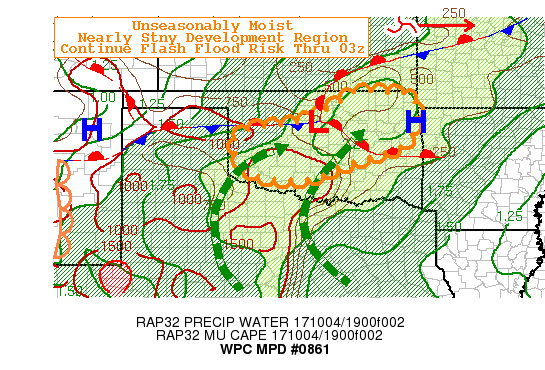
AREAS AFFECTED...OKLAHOMA

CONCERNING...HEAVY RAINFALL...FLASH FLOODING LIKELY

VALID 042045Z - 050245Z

SUMMARY...CONTINUED UPSTREAM REDEVELOPMENT IN SAME GENERAL
VICINITY AND OVERRUNNING SHOWERS ACROSS NORTHEAST OK WILL CONTINUE
FLASH FLOODING THREAT THROUGH THE EVENING HOURS.

DISCUSSION...20Z SFC MESOANALYSIS UTILIZING OK MESONET DEPICT A
WEAK 1022 WAVE NEAR SWO WITH AN EFFECTIVE WARM FRONT DRAPING
SOUTH-SOUTHEAST SW OF OKM TO S OF JSV TO S OF FSM. A STATIONARY
BOUNDARY EXTENDS WEST N OF JWG TOWARD HHF BOUNDING THE
UNSEASONABLE VERY MOIST GULF AIR MASS ACROSS SOUTHWEST OK.  A
FAIRLY AMPLIFIED SHORTWAVE ACROSS E KS AT THIS TIME SUPPORTS A
STRONGLY CONFLUENT LOW LEVEL FLOW PATTERN ACROSS NORTHWEST TX INTO
SW/S OK.  OUTFLOW AND STRONG MOISTURE CONVERGENCE ALONG AND SOUTH
OF THE BOUNDARIES CONTINUES TO ALLOW FOR ASCENT OF THE 2-2.25"
TOTAL PW AIR.  SOME DIFFERENTIAL HEATING ADVECTED INTO OK SUPPORTS
WEAK T/TD SPREAD WITH NEARLY MOIST LOW TO MID-LEVEL LAPSE RATES
ALLOWING FOR SOME MARGINAL INSTABILITY OF UP TO 750-1000 J/KG.
THIS SUPPORTS SOME VERTICAL GROWTH FOR CONVECTION ALONG THE
SOUTHERN BOUNDARY CAPABLE OF 2"/HR RAIN RATES GIVEN EFFICIENT WARM
CLOUD PROCESSES...FURTHER DOWNSTREAM INTO NORTHEAST
OK...ISENTROPIC ASCENT PROFILES (WITH SATURATED SUB-CLOUD
ENVIRONMENT) ALLOW FOR MORE GENTLE YET EFFICIENT RAIN RATES OF
.5-1"/HR (REDUCING WITH DISTANCE FROM SOURCE WARM SECTOR).

MID-LEVEL DRY AIR CONTINUES TO ADVECT WSW ACROSS EAST CENTRAL TX
AS THE DEEPER MEAN ANTICYCLONE SHIFTS WEST.  THIS SHOULD DISRUPT
THE MOISTURE CHANNEL FROM CENTRAL NORTH TX SHIFTING IT WESTWARD.
YET WITH THE EXITING WAVE INTO MO...THE CHANNEL WILL NARROW BUT
HAVE MORE OF A WESTERLY COMPONENT TAPPING THE MOISTURE ACROSS WEST
TX (WHICH IS STILL UNSEASONABLY MOIST). AS SUCH THE FRONTAL
BOUNDARY ASCENT CHANNEL AND CONVECTION WILL CONTINUE TO REGENERATE
UPSTREAM ALLOWING FOR REPEATING BETWEEN THE I-40 TO I-44 AREA
THROUGH THE EVENING...MAINTAINING THE THREAT FOR 1.5-2"/HR RAIN
RATES AND POCKETS OF 3-5" TOTALS THROUGH 03Z.  THIS FALLS IN LINE
WITH RECENT HRRR/HRRR V3 AND EXP. ARW2/NSSL-WRF SOLUTIONS.  FLASH
FLOODING IS CONSIDERED LIKELY DUE TO THE ONGOING RAINFALL OVER
SATURATED AREAS IN CENTRAL AND NORTHEAST OK BUT REMAINS SCATTERED
ACROSS WESTERN/SOUTHWEST OK THIS EVENING.